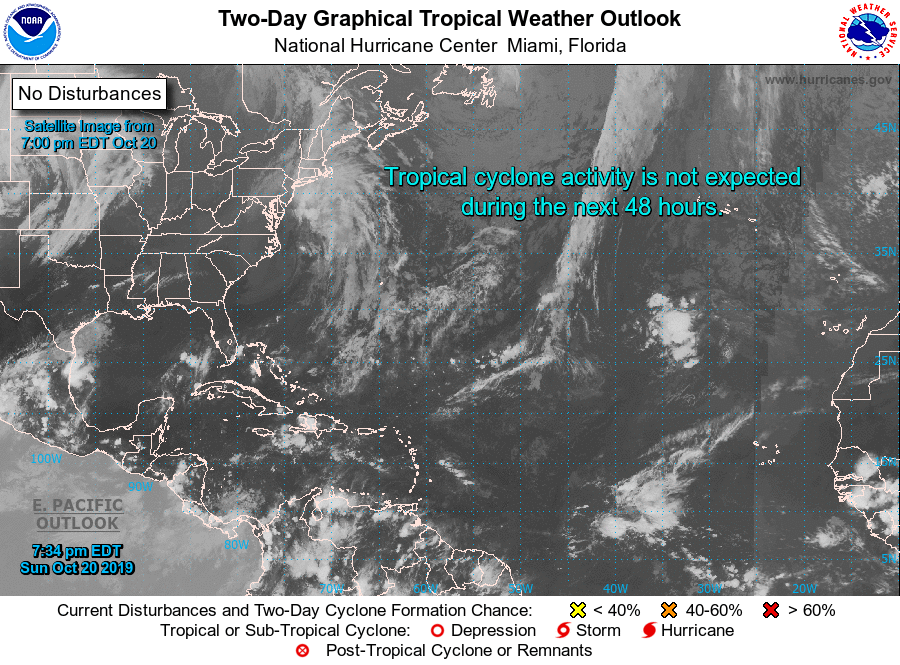
For the North Atlantic...Caribbean Sea and the Gulf of Mexico:

Tropical cyclone formation is not expected during the next 5 days.

Forecaster Blake